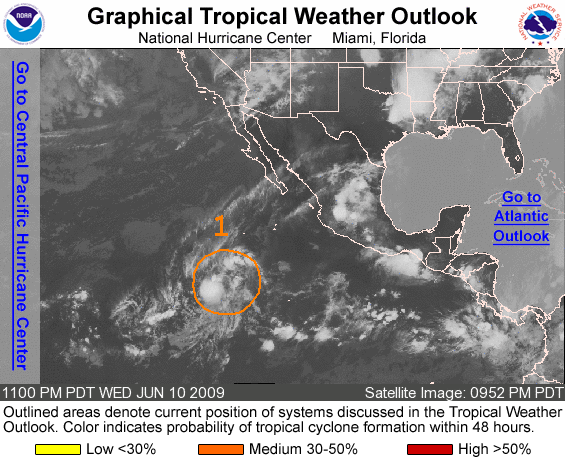
FOR THE EASTERN NORTH PACIFIC...EAST OF 140 DEGREES WEST LONGITUDE..

1. SHOWER ACTIVITY ASSOCIATED WITH THE BROAD AREA OF LOW PRESSURE LOCATED ABOUT 900 MILES SOUTH-SOUTHWEST OF THE SOUTHERN TIP OF BAJA CALIFORNIA CONTINUES TO SHOW SIGNS OF ORGANIZATION. THIS SYSTEM HAS THE POTENTIAL TO BECOME A TROPICAL DEPRESSION DURING THE NEXT DAY OR SO. THERE IS A MEDIUM CHANCE...30 TO 50 PERCENT...OF THIS SYSTEM BECOMING A TROPICAL CYCLONE DURING THE NEXT 48 HOURS.

ELSEWHERE...TROPICAL CYCLONE FORMATION IS NOT EXPECTED DURING THE NEXT 48 HOURS.

FORECASTER PASCH